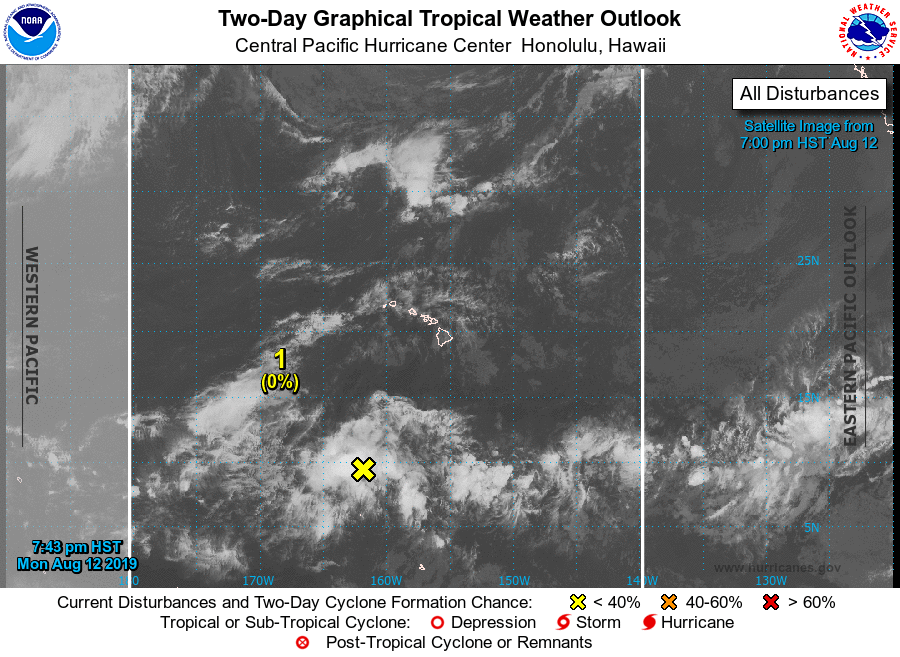
For the central North Pacific...between 140W and 180W:

1. A disorganized area of showers and thunderstorms located some 650 miles south-southwest of Oahu is associated with a trough of low pressure. Environmental conditions are expected to become more conducive for development over the second half of the week as it moves west to west-northwest at 10 mph.
* Formation chance through 48 hours...low...near 0 percent.
* Formation chance through 5 days...low...30 percent.

Elsewhere, no tropical cyclones are expected during the next 5 days.

Forecaster Lau